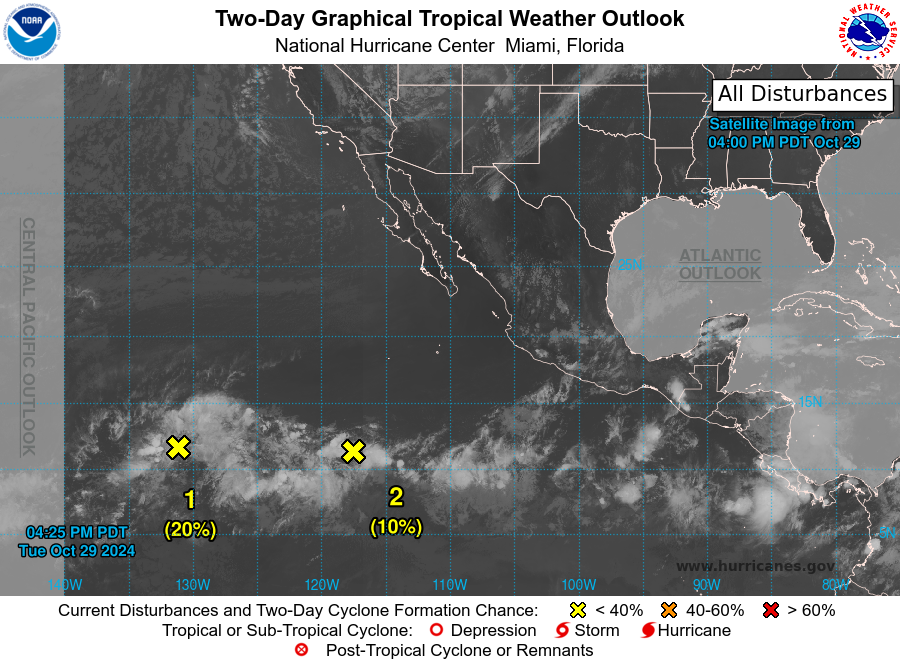
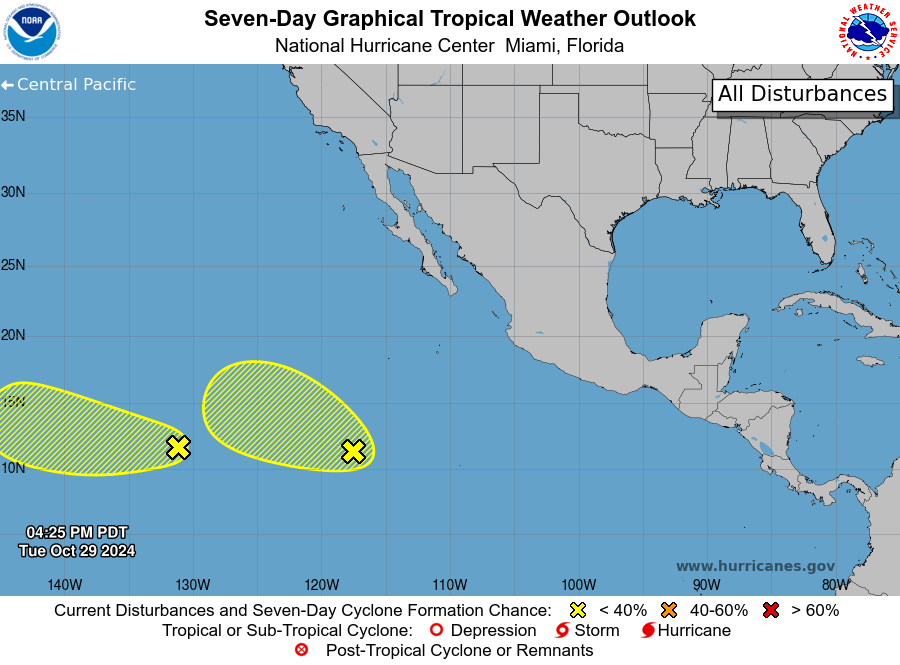
For the eastern North Pacific...east of 140 degrees west longitude:

1. Western East Pacific (EP91): A broad area of low pressure located about 1600 miles west- southwest of the southern tip of the Baja California peninsula is producing disorganized shower activity. While this system isn't any better organized since yesterday, a tropical depression could still form within a few days while the system moves generally westward at about 15 mph. This system is expected to cross into the Central Pacific Basin by the end of the week.
* Formation chance through 48 hours...low...20 percent.
* Formation chance through 7 days...low...30 percent.

2. Central East Pacific: A weak area of low pressure located about 1000 miles southwest of the southern tip of the Baja California Peninsula is producing disorganized showers and thunderstorms. Some slow development is possible during the next few days while the low moves slowly to the west-northwest. By the end of the week, however, upper-level winds should become less conducive for development.
* Formation chance through 48 hours...low...10 percent.
* Formation chance through 7 days...low...20 percent.

Forecaster Blake